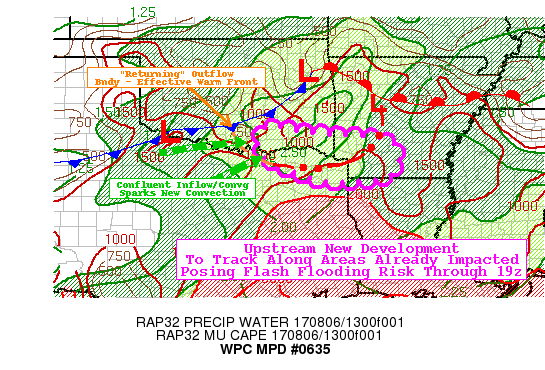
AREAS AFFECTED...SOUTHEAST OK...NORTHEAST TX...SOUTHWEST AR

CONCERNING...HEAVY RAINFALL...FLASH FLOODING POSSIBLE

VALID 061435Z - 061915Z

SUMMARY...UPSTREAM REDEVELOPMENT HAS POTENTIAL FOR TRAINING/REPEAT
STORM TRACKS INCREASING POTENTIAL FOR FLASH FLOODING.

DISCUSSION...RADAR/SFC ANALYSIS DEPICTS SQUALL LINE/OUTFLOW
BOUNDARY CONTINUING TO PRESS SOUTHEAST AT A MODEST PACE WITH BEST
EASTWARD PROPAGATION CONTINUING FROM COLD POOL RIDGING OVER E OK/W
AR ATTM.  THIS HAS FLATTENED THE OUTFLOW BOUNDARY MORE E-W ALONG
THE OK/TX RED RIVER BACK TO AROUND DUA.  SURFACE CYCLONE IN SW OK
ALONG WITH DEVELOPING WAVE IN NE OK...CURRENTLY SUPPORTS LOW LEVEL
INFLOW (PER VWP NETWORK) INTO THE BACK EDGE OF THE OUTFLOW
BOUNDARY. THIS SUPPORTS ISENTROPIC ASCENT SUFFICIENT TO DEVELOP
NEW CONVECTION ON THE UPWIND SIDE MAINLY IN BRYANT COUNTY.

CURRENTLY MEAN CLOUD BEARING FLOW WOULD BE ABOUT 20KTS TO THE EAST
AND WITH 30-35KTS OF INFLOW...BACKBUILDING IS EXPECTED THOUGH WILL
ALSO ALLOW FOR SOME REMAINING SOUTHEAST PROPAGATION...PARTICULARLY
FURTHER EAST (SW AR). IT SHOULD BE NOTED THAT FURTHER UPSTREAM
PERCOLATION OF TCU IS NOTICED IN GRAYSON AS WELL BACK TO
CARTER/MURRAY COUNTIES SUGGESTING EVEN FURTHER EXPANSION OF THE
LINE.  GIVEN MUCAPES UP TO 2000 J/KG AND TPWS IN THE VICINITY OF
2"...RAIN RATES WILL CONTINUE TO BE QUITE EFFICIENT AND COMPARABLE
TO VALUES NOTED OVER E OK AROUND 2"/HR.  SO TRAINING OR REPEAT
TRACKS OF MULTIPLE ROUNDS OF CONVECTION POSE A FLASH FLOODING
THREAT WITH 2-4" PERHAPS OVER LOCATIONS THAT HAVE ALREADY RECEIVED
2+" FROM MAIN SQUALL LINE IN SE OK/EXT NE TX.

EXPECTATION IS FOR FURTHER DEEPENING OF THE SURFACE WAVE AS IT
SLIDES EAST INTO N AR/SW MO.  WHILE EXITING DRIVER OF STRONG
FORCING...INFLOW WILL WEAKEN BUT WILL ALSO ALSO SHIFT TO SUPPORT
MAINTAINING THE AXIS OF HEAVY RAINFALL/CELL MOTION IN THE VICINITY
OF THE RED RIVER FURTHER COMPOUNDING TRAINING AND THEREFORE
CONTINUE FLASH FLOODING THREAT INTO THE AFTERNOON HOURS.  THIS IS
SUPPORTED BY RECENT TRENDS IN THE HRRR.